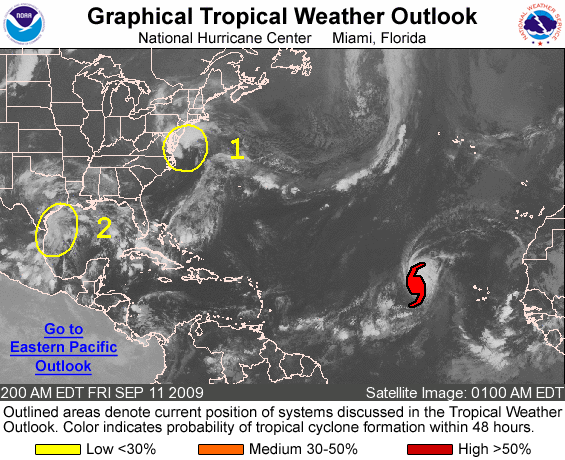
FOR THE NORTH ATLANTIC...CARIBBEAN SEA AND THE GULF OF MEXICO...

THE NATIONAL HURRICANE CENTER IS ISSUING ADVISORIES ON HURRICANE FRED...LOCATED ABOUT 740 MILES WEST OF THE CAPE VERDE ISLANDS.

1. SHOWER AND THUNDERSTORM ACTIVITY CONTINUES IN ASSOCIATION WITH A NON-TROPICAL AREA OF LOW PRESSURE LOCATED JUST EAST OF THE MID-ATLANTIC COAST. DEVELOPMENT INTO A TROPICAL OR SUBTROPICAL CYCLONE IS NOT EXPECTED DUE TO UNFAVORABLE UPPER-LEVEL WINDS. THERE IS A LOW CHANCE...LESS THAN 30 PERCENT...OF THIS SYSTEM BECOMING A TROPICAL OR SUBTROPICAL CYCLONE DURING THE NEXT 48 HOURS. HEAVY RAIN...GUSTY WINDS...AND MINOR COASTAL FLOODING ARE POSSIBLE ALONG PORTIONS OF THE MID-ATLANTIC COAST OVER THE NEXT DAY OR SO. FOR ADDITIONAL INFORMATION...PLEASE REFER TO PRODUCTS ISSUED BY LOCAL NATIONAL WEATHER SERVICE OFFICES IN THE REGION AND HIGH SEAS FORECASTS ISSUED BY THE NATIONAL WEATHER SERVICE...UNDER AWIPS HEADER NFDHSFAT1 AND WMO HEADER FZNT01 KWBC.

2. A SURFACE TROUGH NEAR THE TEXAS COAST IS INTERACTING WITH A MID- TO UPPER-LEVEL LOW TO PRODUCE DISORGANIZED SHOWERS AND THUNDERSTORMS OVER THE NORTHWESTERN GULF OF MEXICO. UPPER-LEVEL WINDS ARE EXPECTED TO REMAIN UNFAVORABLE FOR DEVELOPMENT OF THIS SYSTEM AS IT REMAINS NEARLY STATIONARY DURING THE NEXT COUPLE OF DAYS. THERE IS A LOW CHANCE...LESS THAN 30 PERCENT...OF THIS SYSTEM BECOMING A TROPICAL CYCLONE DURING THE NEXT 48 HOURS. REGARDLESS OF DEVELOPMENT...LOCALLY HEAVY RAINFALL IS POSSIBLE ALONG THE GULF COAST FROM NORTHEASTERN MEXICO TO LOUISIANA OVER THE NEXT DAY OR TWO.

ELSEWHERE...TROPICAL CYCLONE FORMATION IS NOT EXPECTED DURING THE NEXT 48 HOURS.

FORECASTER BLAKE